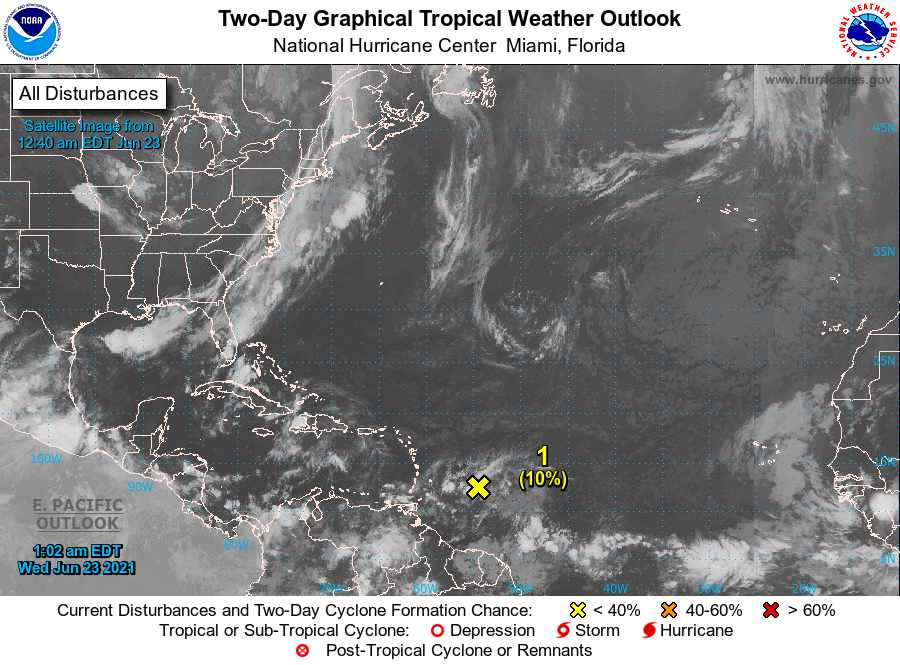
For the North Atlantic...Caribbean Sea and the Gulf of Mexico:

1. Showers and thunderstorms associated with a tropical wave located a few hundred miles east of the Windward Islands remain disorganized. Development of this system is unlikely as it moves west-northwestward at 5 to 10 mph into an area of stronger upper-level winds by Thursday.
* Formation chance through 48 hours...low...10 percent.
* Formation chance through 5 days...low...10 percent.

Forecaster Berg